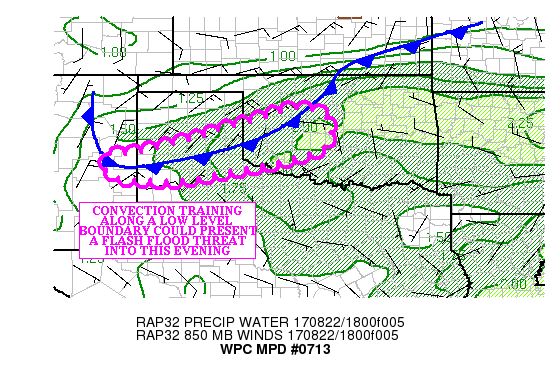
AREAS AFFECTED...TX PANHANDLE....PORTIONS OF CENTRAL AND SOUTHWEST
OK

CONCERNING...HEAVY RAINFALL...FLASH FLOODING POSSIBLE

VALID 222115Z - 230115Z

SUMMARY...CONVECTION DEVELOPING ALONG A LOW LEVEL BOUNDARY
EXTENDING ACROSS THE TX PANHANDLE AND PORTIONS OF OK COULD
TRAINING...POSING A FLASH FLOOD THREAT THROUGH THE EARLY EVENING
HOURS.

DISCUSSION...CONVECTION IS FORMING ALONG A FRONTAL BOUNDARY
EXTENDING FROM NORTHEAST NM ACROSS THE TX PANHANDLE INTO CENTRAL
OK THIS AFTERNOON. THE CONVECTION IS FORMING IN AN AXIS OF
2000-2500 J/KG MLCAPE...WHERE PRECIPITABLE WATER VALUES RANGE
BETWEEN 1.50/1.75 INCHES. THE MOISTURE AND INSTABILITY HAS POOLED
ALONG THE FRONT... WITH THE BEST MOISTURE FLUX OCCURRING ALONG AND
JUST NORTH OF THE SURFACE FRONT.

THE KAMA RADAR SHOWED ONE HOUR RAINFALL RATES BETWEEN 2.00 AND
2.50 INCHES OVER DONLEY AND COLLINGSWORTH COUNTIES IN TX RECENTLY.
HOWEVER...RAP SOUNDINGS IN THIS AREA SUGGEST THAT DRY AIR IN THE
MID LEVELS... COUPLED WITH STEEPENING MID LEVEL LAPSE RATES...IS
SUPPORTIVE OF HAIL. THE HAIL COULD BE CONTAMINATING THE HOURLY
RAINFALL RATES FROM THE KAMA RADAR.

THE ACTIVITY THUS FAR HAS BEEN SCATTERED AND UNORGANIZED...AS THE
850-300 MB FLOW IS 10 KNOTS OR LESS. THIS IS BORNE OUT BY STORM
MOTIONS ON THE KAMA RADAR. LITTLE IN THE WAY OF CHANGE IS EXPECTED
SYNOPTICALLY OVER THE REGION...WITH A WEAK STEERING FLOW FOSTERING
CELL MERGERS AND SHORT TERM TRAINING.

THE MOST RECENT HRRR INDICATED THE POTENTIAL FOR LOCAL 2.00 TO
4.00 INCH RAINFALL AMOUNTS...CENTERED OVER WEST CENTRAL OK. ONE
AND THREE HOUR FLASH FLOOD GUIDANCE VALUES ARE GENERALLY ABOVE
2.50 INCHES...SO THE FLASH FLOOD THREAT COULD BE LIMITED IN SCOPE.
HOWEVER...CELL MERGERS AND SHORT TERM TRAINING IN THE WEAK MID
LEVEL FLOW DOES POSE A FLASH FLOOD THREAT INTO EARLY THIS EVENING.